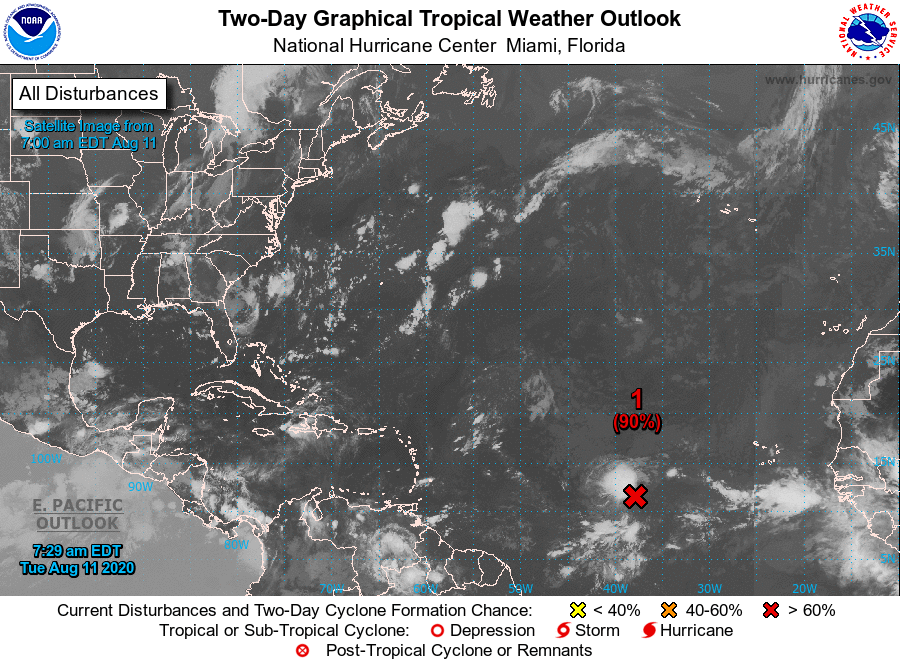
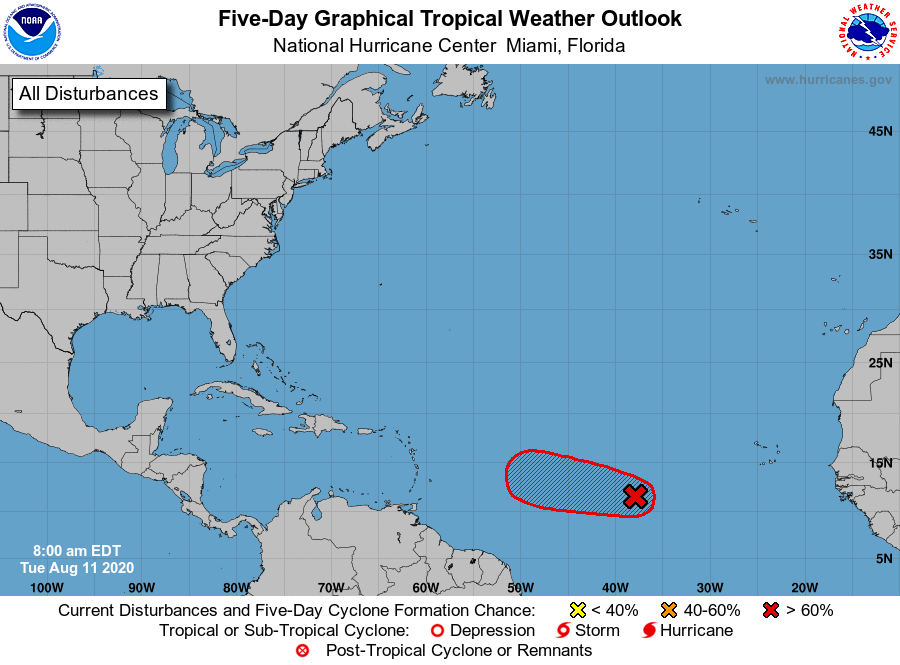
For the North Atlantic...Caribbean Sea and the Gulf of Mexico:

1. First-light visible satellite imagery shows that a better-defined center of circulation is forming in association with a low pressure system located about 900 miles west-southwest of the Cabo Verde Islands. In addition, the associated shower and thunderstorm activity has become more organized since yesterday. Environmental conditions are expected to become more conducive for additional development, and advisories could be initiated on a tropical depression as early as later today if these development trends continue. The disturbance is forecast to move west-northwestward at around 15 mph across the tropical Atlantic during the next few days, and conditions are expected to become less conducive for development by the end of the week.
* Formation chance through 48 hours...high...90 percent.
* Formation chance through 5 days...high...90 percent.

Forecaster Berg